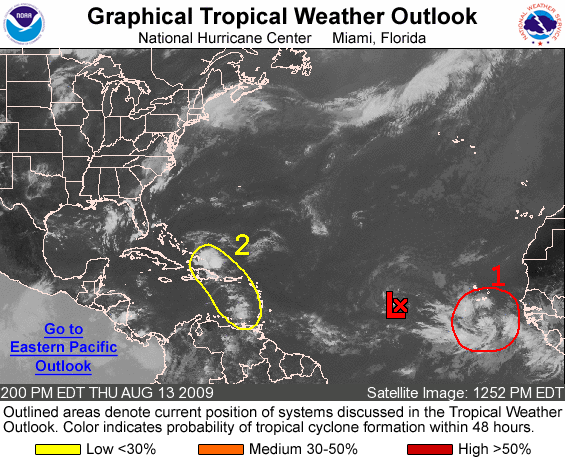
FOR THE NORTH ATLANTIC...CARIBBEAN SEA AND THE GULF OF MEXICO...

THE NATIONAL HURRICANE CENTER IS ISSUING ADVISORIES ON TROPICAL DEPRESSION TWO...LOCATED ABOUT 885 MILES WEST OF THE SOUTHERNMOST CAPE VERDE ISLANDS.

1. SHOWERS AND THUNDERSTORMS ASSOCIATED WITH THE BROAD LOW PRESSURE AREA AND TROPICAL WAVE CENTERED ABOUT 250 MILES SOUTH OF THE CAPE VERDE ISLANDS ARE SLOWLY BECOMING BETTER ORGANIZED. A TROPICAL DEPRESSION COULD FORM FROM THIS SYSTEM DURING THE NEXT COUPLE OF DAYS AS IT MOVES WESTWARD AT 10 TO 15 MPH. THERE IS A HIGH CHANCE...GREATER THAN 50 PERCENT...OF THIS SYSTEM BECOMING A TROPICAL CYCLONE DURING THE NEXT 48 HOURS.

2. SHOWER ACTIVITY EXTENDING FROM THE EASTERN CARIBBEAN SEA ACROSS HISPANIOLA TO THE TURKS AND CAICOS ISLANDS ARE ASSOCIATED WITH A WESTWARD-MOVING TROPICAL WAVE. THERE ARE NO SIGNS OF ORGANIZATION AND UPPER-LEVEL WINDS ARE CURRENTLY UNFAVORABLE FOR SIGNIFICANT DEVELOPMENT. THERE IS A LOW CHANCE...LESS THAN 30 PERCENT...OF THIS SYSTEM BECOMING A TROPICAL CYCLONE DURING THE NEXT 48 HOURS.

ELSEWHERE...TROPICAL CYCLONE FORMATION IS NOT EXPECTED DURING THE NEXT 48 HOURS.

FORECASTER BEVEN